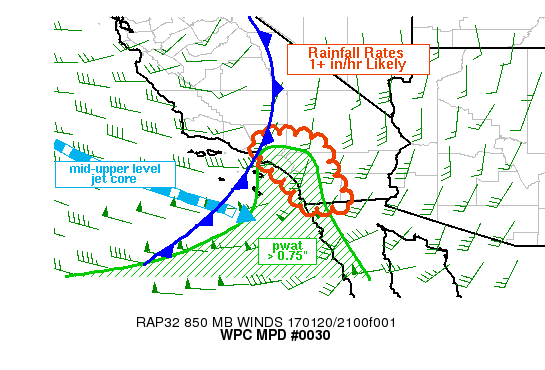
AREAS AFFECTED...SRN CA

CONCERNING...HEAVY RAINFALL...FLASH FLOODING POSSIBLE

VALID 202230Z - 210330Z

SUMMARY...FLASH FLOODING REMAINS A THREAT INTO THE SRN COASTAL
RANGES OF CA FOR THE NEXT FEW HOURS WITH RAINFALL RATES EXCEEDING
1 IN/HR AT TIMES.

DISCUSSION...RAINFALL RATES AHEAD OF A COLD FRONT HAVE BEEN IN
EXCESS OF 1 IN/HR DURING THE DAY TODAY WITHIN A CORRIDOR OF STRONG
LOW LEVEL FLOW AHEAD OF A PROGRESSIVE COLD FRONT. 60 KTS OF FLOW
HAS BEEN OBSERVED VIA THE KNKX VAD WIND PROFILE ABOVE 4000 FT AGL.
DESPITE PRECIPITABLE WATER VALUES VIA GPS SITES HAVE BEEN HOVERING
NEAR 1 INCH AS OF 21Z FROM THE COAST OF VENTURA TO ORANGE
COUNTIES. THE LEFT EXIT REGION OF A POWERFUL MID-UPPER LEVEL JET
CORE CONTINUES TO PROVIDE ENHANCEMENT TO LIFT ACROSS THE REGION.

THE COLD FRONT HAS BEEN RAPIDLY DROPPING DOWN THE COAST AT ROUGHLY
40 KTS...AND WAS NEAR LAX AT 22Z. RAINFALL RATES IN EXCESS OF 1
IN/HR WILL CONTINUE TO BE POSSIBLE ACROSS SRN CA BEFORE THE COLD
FRONT PASSES THROUGH THE REGION. THE BEST MOISTURE WILL RAPIDLY
DROP SOUTH OF THE U.S. BORDER INTO BAJA AFTER 00Z BUT 850 MB WINDS
OF NEARLY 50 KTS WILL CONTINUE TO AIM NEARLY PERPENDICULAR INTO
THE PENINSULA RANGES OF SRN CA WITH STEEPENING LOW LEVEL LAPSE
RATES WHICH MAY SUPPORT LOCALIZED AREAS OF RAINFALL RATES IN
EXCESS OF 0.50 IN/HR AFTER THE FRONT MOVES THROUGH. 6 HR RAINFALL
OF 1.5 TO 2.5 INCHES WILL BE POSSIBLE INTO UPSLOPE FAVORED
TERRAIN.